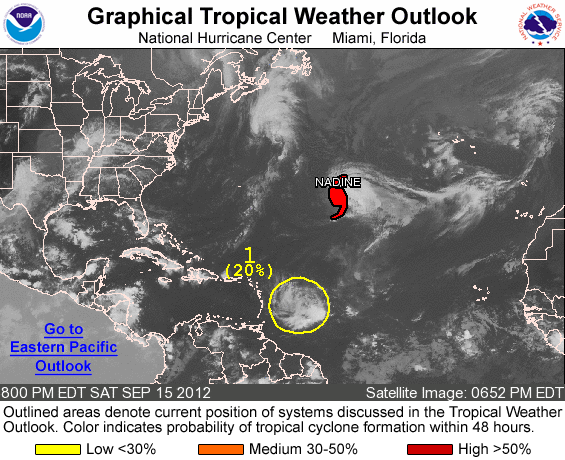
FOR THE NORTH ATLANTIC...CARIBBEAN SEA AND THE GULF OF MEXICO...

THE NATIONAL HURRICANE CENTER IS ISSUING ADVISORIES ON HURRICANE NADINE...LOCATED ABOUT 980 MILES EAST OF BERMUDA.

1. AN ELONGATED AREA OF LOW PRESSURE ASSOCIATED WITH A TROPICAL WAVE LOCATED ABOUT 450 MILES EAST OF THE WINDWARD ISLANDS IS PRODUCING A LARGE AREA OF CLOUDINESS AND DISORGANIZED SHOWERS AND THUNDERSTORMS. WHILE UPPER-LEVEL WINDS ARE CURRENTLY MARGINAL FOR SIGNIFICANT DEVELOPMENT...THEY COULD BECOME MORE CONDUCIVE IN A COUPLE OF DAYS. THIS SYSTEM HAS A LOW CHANCE...20 PERCENT...OF BECOMING A TROPICAL CYCLONE DURING THE NEXT 48 HOURS AS IT MOVES WESTWARD TO WEST-NORTHWESTWARD AT AROUND 15 MPH. REGARDLESS OF DEVELOPMENT...LOCALLY HEAVY RAINS AND SQUALLS WILL LIKELY AFFECT PORTIONS OF THE LESSER ANTILLES ON SUNDAY AND MONDAY.

ELSEWHERE...TROPICAL CYCLONE FORMATION IS NOT EXPECTED DURING THE NEXT 48 HOURS.

FORECASTER BRENNAN